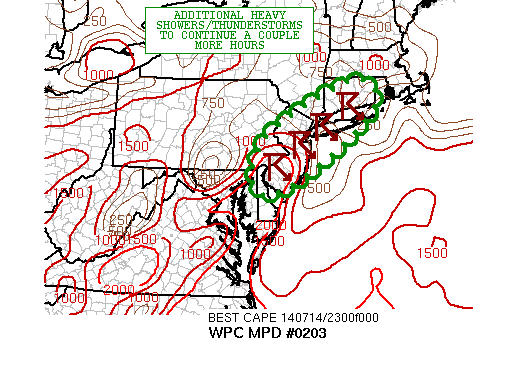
AREAS AFFECTED...FAR NORTHERN DE...SOUTHEAST PA...NJ...EXTREME
SOUTHEAST NY...CT

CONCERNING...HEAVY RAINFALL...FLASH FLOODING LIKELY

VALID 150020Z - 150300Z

SUMMARY...HEAVY SHOWERS AND THUNDERSTORMS ARE EXPECTED TO
LINGERING FOR AT LEAST A COUPLE MORE HOURS BEFORE WEAKENING. THE
ADDITIONAL RAINFALL WILL EXACERBATE ONGOING FLASH FLOOD CONCERNS.

DISCUSSION...INTENSE COLD-TOPPED CONVECTION CONTINUES TO IMPACT AN
AREA ERN MD/DE NEWD UP ACROSS NJ...FAR SERN NY AND INTO SWRN CT.
THE CONVECTION CONTINUES TO INTERACT WITH A MOIST/UNSTABLE
BOUNDARY LYR AND A CONFLUENT LOW LVL SWLY FETCH. THERE IS ALSO
EVIDENCE OF A WEAK AREA OF SFC LOW PRESSURE OVER SRN NJ WHICH IS
AIDING THE LOW LVL CONVERGENCE ACROSS THE REGION. WHICH IS  AND A
WEAK AREA OF SFC LOW PRESSURE. HOWEVER...IT IS EXPECTED THAT THE
CONVECTION WILL SLOWLY BEGIN TO WEAKEN OVER THE NEXT COUPLE OF
HOURS GIVEN THE LOSS OF DIURNAL HEATING AND INCREASING LOW LVL
CINH.

THE 18Z NAM-CONEST...12Z ARW AND 12Z NMMB ALL SUGGEST CONVECTION
LINGERING OVER THE NEXT COUPLE OF HOURS WITH ADDITIONAL RAINFALL
AMTS OF 1 TO 3 INCHES AND ISOLATED HEAVIER AMTS POSSIBLE. THE
ADDITIONAL RAINS WILL ONLY WORK TO EXACERBATE THE FLASH FLOODING
SITUATION THAT HAS BEEN ONGOING ACROSS ESP CNTRL/NRN NJ AND THE
IMMEDIATE SUBURBS OF NYC.